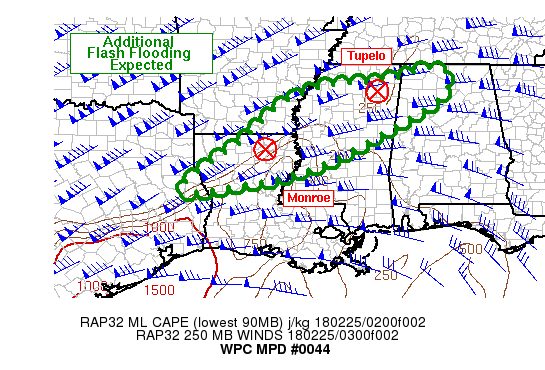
AREAS AFFECTED...SE AR...NRN LA...ERN TX...NRN MS / AL

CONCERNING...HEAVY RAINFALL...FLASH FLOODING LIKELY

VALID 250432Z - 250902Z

SUMMARY...HI-RES MODELS TRENDING TOWARD SUSTAINED MODERATE / HEAVY
PRECIPITATION HERE THROUGH 10Z. ONGOING FLOODING IN SOME AREAS AND
WET ANTECEDENT CONDITIONS IN OTHERS...MEANS SOME ADDITIONAL FLASH
FLOODING IS LIKELY.

DISCUSSION...A COLD FRONT WAS APPROACHING...BUT DEEP LAYER FORCING
HERE IN THE LOWER MISSISSIPPI VALLEY AND SOUTHEAST STATES WAS MORE
SUBTLE THAN THAT OCCURRING FARTHER NORTH. AT 0415Z RADAR AND
SATELLITE TRENDS INDICATED THAT CONVECTION WAS TAKING HOLD...WITH
AN INCREASE OF CONSISTENT COVERAGE AND SLIGHT UPTICK TO INTENSITY
FROM FAR EASTERN TEXAS TO NORTHERN MISSISSIPPI. THE 00Z 250 MB
ANALYSIS DEPICTS A SOMEWHAT DIFLUENT PATTERN...WHOSE INTENSITY IS
BOLSTERED BY STRONG JET WIND SPEEDS CLOSE TO 100 KNOTS IN THE
DISCUSSION AREA AND STRONGER TO THE NORTH. THIS DIFLUENT UPPER
PATTERN WAS SITTING ATOP MIXED LAYER CAPE VALUES OF AT LEAST 500
J/KG UP TO INTERSTATE 20 WITH A FEW HUNDRED J/KG EXTENDING INTO
NORTHEAST MS. CONVECTIVE INHIBITION PER THE SPC MESOANALYSIS WAS
NEAR ZERO...WHICH IS CORROBORATED BY ANOTHER IMPRESSIVE SET OF 00Z
SOUNDINGS AT KLCH...KSHV...WITH LOW LEVELS DEEPLY SATURATED YET
ALSO EXHIBITING MODERATE LAPSE RATES.

SEVERAL HI-RES MODELS...HRRR / WRF-ARW / GEM REGIONAL /
WRF-ARW2...TRENDED TOWARD WETTER SOLUTIONS...AND THE RAP MAINTAINS
UPPER DIFLUENCE OVER THIS REGION THROUGHOUT THE NIGHT. DUAL POL
ESTIMATES AND WRF-ARW HOURLY PRECIP OUTPUT SUGGESTS RAIN RATES
EXCEEDING AN INCH PER HOUR IN ISOLATED SPOTS...ESPECIALLY AS THE
DEEP LAYER FLOW WILL ALLOW BOUTS OF TRAINING...WITH THE LEADING
LINES PUSHING ONLY SLOWLY EAST AND SOUTH. THIS RAINFALL WILL
LIKELY RESULT IN RENEWED FLASH FLOODING FOR AREAS THAT HAVE BEEN
WET THE PAST FEW DAYS...WHICH DESCRIBES MOST OF THE DISCUSSION
AREA...BUT ESPECIALLY APPLIES TO NORTHERN MISSISSIPPI.